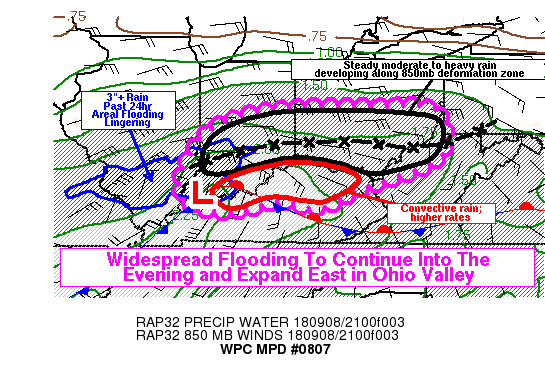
Areas affected...Srn Indiana, Nrn Kentucky, Ctrl/Srn Ohio; Wrn
West Virginia

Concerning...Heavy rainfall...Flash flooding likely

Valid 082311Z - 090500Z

Summary...Widespread flooding is expected to continue into the
evening in the Lower Ohio River Valley, and should begin to expand
east through northern Kentucky and into the southern half of Ohio.
Moderate to occasionally heavy rain is expected over the entire
region, with locally very heavy rain rates and flash flooding
expected in the vicinity of the Ohio River border between Indiana
and Kentucky.

Discussion...The area that has received storm total rainfall in
excess of 3 inches continues to expand, and now extends from south
of St. Louis, east through southern Illinois, and into much of
southwest Indiana. The highest amounts in that region are more
than double that, per radar estimates and reports. Widespread
areal flooding is expected to continue in these regions, and
similar lingering flooding is expected even after rain ends in the
rest of southern Indiana, and perhaps small portions of
north-central Kentucky.

A surface low was situated in far southwest Indiana, and
convective rain bands and thunderstorms were ongoing up to 120
miles to the east and east-northeast near a surface front. This
convection had access to increasing boundary layer inflow, and was
likely beginning to intercept this inflow and northward moisture
flux. Therefore, the heaviest rain during the evening hours could
actually end up south of where most of the latest hi-res models
place it (including recent HRRR runs and the 18Z HREF). Many
hi-res models want to place the heaviest rain further north into
central Indiana along the 850mb front and deformation zone, but
that seems less likely given the current radar trends. At 23Z,
KLVX radar showed a supercell structure over Meade County, KY that
was producing extremely high estimated rain rates (dual pol and
MRMS) of 2-3 in/hr. ZDR was relatively low in the supercell other
than in the immediate vicinity of the mesocyclone (due to drop
size sorting), and this is suggestive of very efficient rain
rates. The supercell was headed toward Louisville metro area, and
trailing convective bands were becoming increasingly channeled
into a training pattern to the rear of the supercell. These
convective bands also showed ZDR values indicative of numerous
small water droplets. Therefore, the concern is for a training
band of convection with highly efficient rainfall pushing into a
large metro area. This could produce severe flash flooding with
extreme rain rates and over an inch of rain already today.

The greatest concern for flash flooding, therefore, is from
northeast of Owensboro, into Louisville Metro, and continuing into
north-central Kentucky during the evening hours. The High Risk on
the Day 1 Excessive Rainfall Outlook has been adjusted to fit
these expectations. Further to the north, steadier rain is
expected. Portions of central Indiana and southwest Ohio have
already received rainfall around 2-3 inches of rain in the past 24
hours, so even lower rain rates could lead to development or
expansion of ongoing flooding issues. Therefore, widespread
flooding is anticipated over the southern half of Indiana,
northern Kentucky, and into southwest Ohio. Additional flooding
may develop further east into the remainder of southern Ohio and
parts of West Virginia as the 850mb southerly flow increases and
expands further east during the evening hours. Additional
isentropic ascent and stronger low-level convergence could lead to
an increase in rain coverage and intensity in those areas,
especially after 00-01Z.